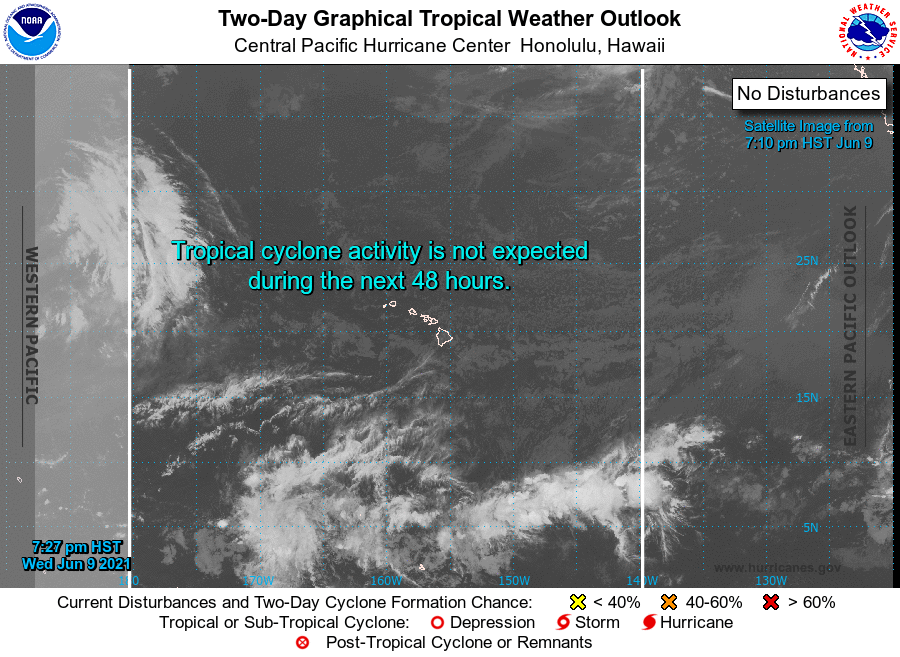
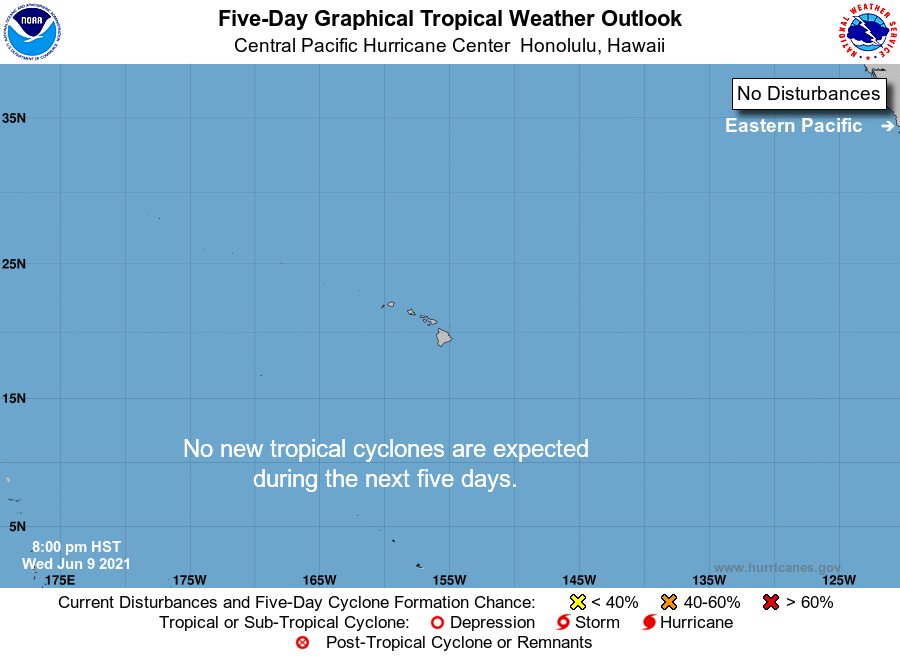
For the central North Pacific...between 140W and 180W:

No tropical cyclones are expected during the next 5 days.

Forecaster Gibbs